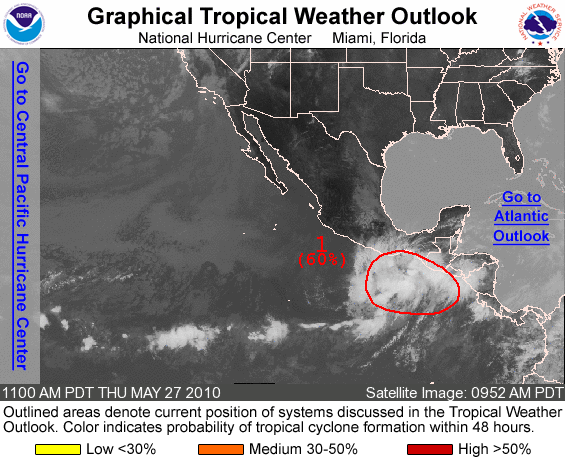
FOR THE EASTERN NORTH PACIFIC...EAST OF 140 DEGREES WEST LONGITUDE..

1. THE BROAD AREA OF LOW PRESSURE CENTERED A COUPLE OF HUNDRED MILES SOUTH OF THE GULF OF TEHUANTEPEC HAS REMAINED NEARLY STATIONARY. THIS SYSTEM CONTINUES TO SHOW SIGNS OF ORGANIZATION AND ENVIRONMENTAL CONDITIONS ARE FAVORABLE FOR SOME GRADUAL DEVELOPMENT...AND A TROPICAL DEPRESSION COULD FORM DURING THE NEXT DAY OR SO. THE SYSTEM IS EXPECTED TO MOVE LITTLE OR DRIFT SLOWLY NORTHEASTWARD OVER THE NEXT COUPLE OF DAYS...AND HAS THE POTENTIAL TO PRODUCE LOCALLY HEAVY RAINS...FLOODING...AND MUD SLIDES OVER PORTIONS OF CENTRAL AMERICA...ESPECIALLY OVER EL SALVADOR...SOUTHERN HONDURAS...AND COASTAL GUATEMALA. THERE IS A HIGH CHANCE...60 PERCENT...OF THIS SYSTEM BECOMING A TROPICAL CYCLONE DURING THE NEXT 48 HOURS.

ELSEWHERE...TROPICAL CYCLONE FORMATION IS NOT EXPECTED DURING THE NEXT 48 HOURS.

FORECASTER STEWART/PASCH